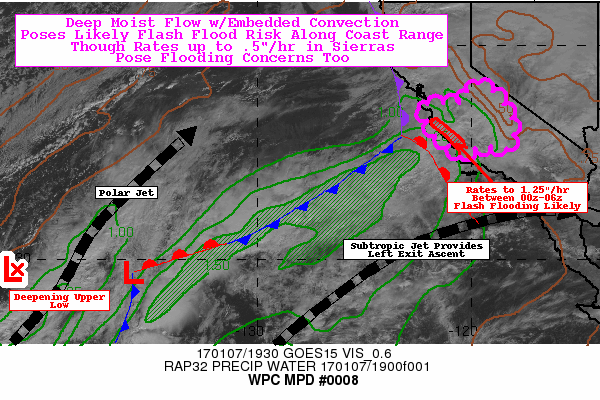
AREAS AFFECTED...CENTRAL CALIFORNIA

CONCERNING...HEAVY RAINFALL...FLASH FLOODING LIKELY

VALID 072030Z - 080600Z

SUMMARY...STRENGTHENING MOISTURE FLUX WITH EMBEDDED DEEP
CONVECTIVE ELEMENTS DIRECTING TOWARD CENTRAL CA COAST WITH
LIKELIHOOD FOR RATES OVER 1"/HR POSING LIKELY FLASH FLOODING RISK
ESPECIALLY IN BURN SCARS.

DISCUSSION...WV LOOP SHOWS CONFLUENCE OF MULTIPLE STREAMS OF
STRONG/MOIST FLOW SOUTHWEST OF CENTRAL CA ATTM.  DEEP UPPER LOW
OUT NEAR 30N145W SHOWS EXCELLENT ORIENTATION WITH STRONG DPVA
SUPPORTING BAROCLINIC SHIELD.  FURTHER EAST A MILD SWLY
SUBTROPICAL JET FLATTENS JUST NORTH OF 30N SETTING UP FAVORABLE
LEFT EXIT JET BROAD SCALE ASCENT.  BETWEEN THE TWO STREAMS A BROAD
MOIST PLUME OF ENHANCED MOISTURE WITH TPWS EXCEEDING 1.5" WHICH IS
OVER 3 STANDARD DEVIATIONS FROM NORMAL. COINCIDENT WITH THE DEEPER
MOISTURE THERE ARE INDICATIONS OF FAIRLY MODEST INSTABILITY WITH
MUCAPE EXCEEDING 500 J/KG CLOSER TO 1000 J/KG NEARER THE UPPER LOW
WELL SOUTH OF 30N.  WHILE THE COOLER COASTAL CURRENT AND LOWER
LEVEL MODIFIED TEMPS TEMPER THE VALUES A BIT AS IT APPROACHES THE
COAST THERE IS SOLID MODEL SIGNAL TO SUGGEST VALUES AROUND 250-500
J/KG WILL BE AVAILABLE FOR ASCENT.  STRONG MOISTURE CONVERGENCE
ALONG THE FRONTAL ZONE HAS ALREADY SUPPORTED DEEP CONVECTION WITH
A BROKEN QUASI-LINEAR BAND NOTED IN IR/VIS STARTING TO APPROACH
THE COAST. GIVEN THE AVAILABLE MOISTURE/INSTABILITY IT IS LIKELY
SOME OF THE DEEP CONVECTION WILL SUPPORT RAIN RATES UP TO AND
EXCEEDING 1.0" AT TIMES POSSIBLY AS HIGH AS 1.25"/HR.

GIVEN THE DEEPENING UPPER LOW FURTHER WEST LOW TO MID-LEVEL FLOW
WILL SLACKEN A BIT REDUCING SOME HIGHER FLUX VALUES.
HOWEVER...THIS WILL SUPPORT REDUCING PROPAGATION VECTORS WITH A
DEEPENING NEARLY UNIDIRECITONAL STEERING LAYER SETTING UP A HIGHER
LIKELIHOOD FOR SOME TRAINING OF THE DEEP CONVECTION.  THERE IS
SOME QUESTION IF SIGNIFICANT COLD POOL GENERATION MAY ROB THE BEST
TRAINING (AS HINTED BY THE 12Z WRF-ARW) STILL EXPECTATION FOR 4-5"
ARE PROBABLE ALONG THE SANTA LUCIA RANGE THROUGH 06-07Z WITH FLASH
FLOODING CONDITIONS LIKELY PARTICULARLY IN RECENT BURN SCARS ALONG
THAT RANGE. HI-RES GUIDANCE SUGGEST SOME ISOLATED TOTALS OVER 6"
WITH THE MAJORITY FALLING BETWEEN 23-06Z PROVIDING FAIRLY HIGH
CONFIDENCE IN RAIN MAGNITUDE. THE BIGGEST REMAINING QUESTION IS
WITH RESPECT TO LOCATION ALONG THE RANGE...WITH HRRR/HRRR EXP/RAP
NORTH AND ARW/NMMB FURTHER SOUTH.  CURRENT TRENDS IN VIS/IR
SUPPORT A FURTHER SOUTH PLACEMENT OF HEAVIEST RAINS/TRAINING BUT
WITH THE STRENGTH OF THE SUBTROPICAL RIDGING THERE IS STILL SOME
QUESTION TO SPECIFIC PLACEMENT BETWEEN SAN LUIS OBISPO AND
MONTEREY COUNTY.

INTO THE SOUTHERN SIERRAS...THOUGH LOSING THE LOWEST LAYER OF
MOISTURE TO THE COASTAL RANGE ALONG WITH REMAINING
INSTABILTY...THE STRENGTH AND PERSISTENCE OF THE 800-650MB FLOW
REMAINS NICELY DIRECTED AT THE SOUTHERN SIERRAS/GREENHORN AND
PIUTE MTN RANGES.  THIS FLUX AND OROGRAPHIC ASCENT WILL LIKELY
CONTINUE TO SUPPORT RATES UP TO .5"/HR SUPPORTING 3-5" TOTALS
THROUGH 06Z. WHILE THESE RATES/TOTALS ARE NOT AS SIGNIFICANT AS
THE COAST WILL SEE THERE WILL REMAIN LOCALIZED FLOODING CONCERNS.
THIS WILL BE COMPOUNDED BY FREEZING LEVELS ABOVE 9000FT SHOULD
LEAD TO RAIN MELTING SNOW FROM EVENT FROM EARLIER THIS WEEK.